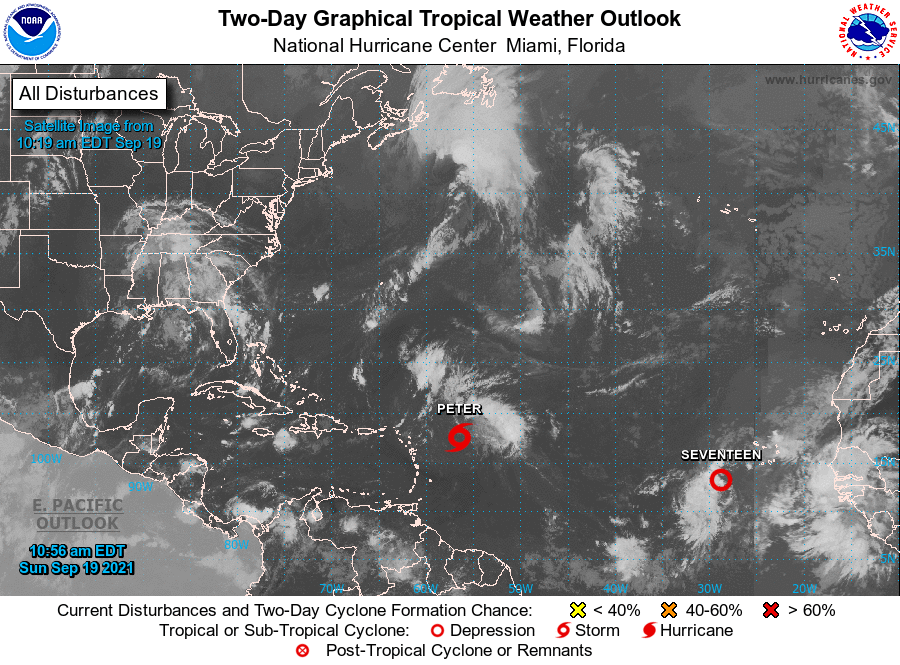
For the North Atlantic...Caribbean Sea and the Gulf of Mexico:

The National Hurricane Center is issuing advisories on recently upgraded Tropical Storm Peter, located several hundred miles east of the northernmost Leeward Islands, and on newly formed Tropical Depression Seventeen, located a few hundred miles southwest of the southernmost Cabo Verde Islands.

1. A tropical wave is forecast to emerge off the west coast of Africa later today or tonight. Environmental conditions appear conducive for gradual development thereafter as the system moves generally westward at about 10 mph over the eastern tropical Atlantic during the next several days.
* Formation chance through 48 hours...low...near 0 percent.
* Formation chance through 5 days...low...20 percent.

Public Advisories on Tropical Storm Peter are issued under WMO header WTNT31 KNHC and under AWIPS header MIATCPAT1. Forecast/Advisories on Tropical Storm Peter are issued under WMO header WTNT21 KNHC and under AWIPS header MIATCMAT1.

Public Advisories on Tropical Depression Seventeen are issued under WMO header WTNT32 KNHC and under AWIPS header MIATCPAT2. Forecast/Advisories on Tropical Depression Seventeen are issued under WMO header WTNT22 KNHC and under AWIPS header MIATCMAT2.

Forecaster Hagen/Latto